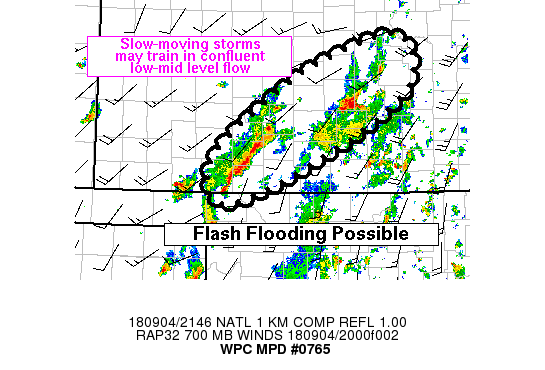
Areas affected...South-Central Kansas

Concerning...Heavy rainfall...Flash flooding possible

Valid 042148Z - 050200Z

Summary...Slow-moving thunderstorms may persist for a few hours
over a small portion of south-central Kansas, posing a risk of
flash flooding. Rain rates could approach 2 in/hr, and heavy rain
could last a couple hours in specific locations.

Discussion...Thunderstorms have become sufficiently organized into
small southwest-to-northeast oriented lines to pose a near-term
flash flood risk in south-central Kansas. The convective line
orientation was nearly parallel to the deep layer mean wind, and
within 10-15 degrees or so of the observed storm motions for most
cells in these lines. The convection was situated in a region of
broadly confluent low-mid level flow, and on the southern
periphery of a pool of instability. This should enable
thunderstorms to be sustained for another several hours, and given
the orientation of the convective lines, flash flooding appears
possible. While this area is just outside the primary plume of
high PWs pushing up the eastern Plains, it is within the western
periphery of considerably high PWs around 1.7 to 1.9 inches. Given
available MLCAPE around 1500-2000 j/kg, and effective deep layer
shear around 30 knots, this should be sufficient for somewhat
organized convective lines and clusters with rain rates around 2
in/hr in the strongest thunderstorms. This could cause flash
flooding if sustained for more than an hour, and especially if
that occurred over an urbanized area.